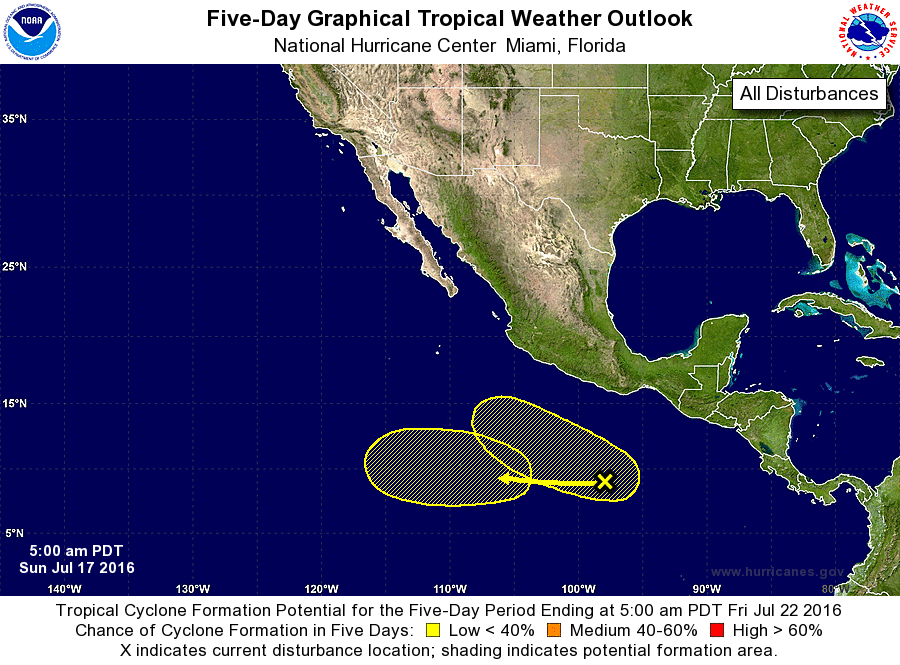
For the eastern North Pacific...east of 140 degrees west longitude:

The National Hurricane Center is issuing advisories on Hurricane Darby, located more than 1000 miles west-southwest of the southern tip of the Baja California peninsula, and on Tropical Storm Estelle, located nearly 500 miles south of the southern tip of the Baja California peninsula.

1. A trough of low pressure located several hundred miles south of Acapulco, Mexico, is producing disorganized showers and a few thunderstorms. Some slow development of this system is possible during the next several days while it moves westward at about 10 mph.
* Formation chance through 48 hours...low...near 0 percent
* Formation chance through 5 days...low...20 percent

2. An area of low pressure is expected to form well south of the Gulf of Tehuantepec in a few days. Some gradual development of this system is possible by the middle of the week while it moves west-northwestward at about 10 mph.
* Formation chance through 48 hours...low...near 0 percent
* Formation chance through 5 days...low...20 percent

Forecaster Brown